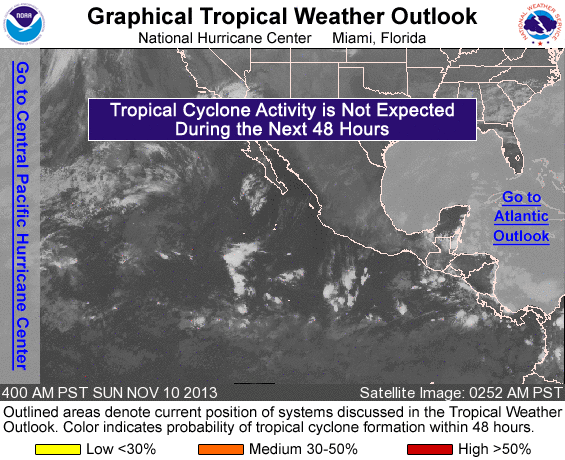
FOR THE EASTERN NORTH PACIFIC...EAST OF 140 DEGREES WEST LONGITUDE..

TROPICAL CYCLONE FORMATION IS NOT EXPECTED DURING THE NEXT 5 DAYS.

&&
FIVE-DAY FORMATION PROBABILITIES ARE EXPERIMENTAL IN 2013. COMMENTS ON THE EXPERIMENTAL FORECASTS CAN BE PROVIDED AT...

HTTP://WWW.NWS.NOAA.GOV/SURVEY/NWS-SURVEY.PHP?CODE=ETWO

FORECASTER BERG